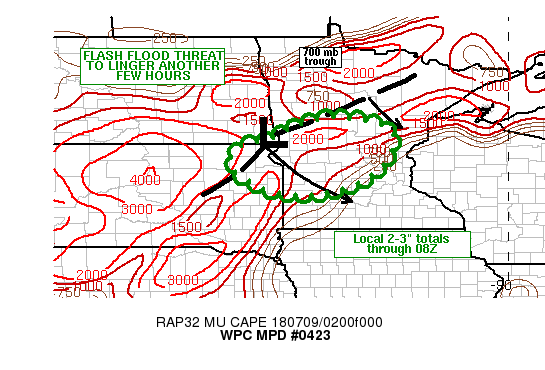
AREAS AFFECTED... NERN SD INTO WRN MN

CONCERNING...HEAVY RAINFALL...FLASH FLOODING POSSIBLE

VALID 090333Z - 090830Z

SUMMARY...A FLASH FLOOD THREAT WILL LINGER OVER NORTHEASTERN SOUTH
DAKOTA INTO CENTRAL MINNESOTA THROUGH ABOUT 08Z. RAINFALL RATES OF
1-2 IN/HR AND LOCALIZED TOTALS NEAR 3 INCHES CAN BE EXPECTED
BEFORE A FORECAST WEAKENING OF AN ONGOING CONVECTIVE COMPLEX.

DISCUSSION...GOES 16 10.3 MICRON IMAGERY OVERLAID WITH LIGHTNING
PLOTS SHOWED A HEALTHY CONVECTIVE COMPLEX OVER THE NORTH-CENTRAL
U.S. WITH TWO MAIN POINTS OF REGENERATION...ONE OVER NORTHEASTERN
SOUTH DAKOTA AND THE OTHER OVER WEST-CENTRAL MINNESOTA. MOSTLY
ELEVATED CONVECTION WAS OCCURRING JUST AHEAD OF A 700 MB TROUGH
AXIS ORIENTED FROM NORTHEASTERN MINNESOTA INTO EASTERN SOUTH
DAKOTA...WITH THE KABR 700 MB VAD WIND PLOT SHOWING VEERING OVER
THE PAST HOUR INDICATING THE TROUGH AXIS HAS JUST PASSED. THE
STORMS WERE BEING FED VIA A SOUTH-SOUTHWESTERLY 30-40 KT 850 MB
JET AXIS OVER EASTERN SOUTH DAKOTA AND MUCAPE OF 1000-2000 J/KG
VIA THE LATEST SPC MESOANALYSIS...AMID A STRONGLY DIFFLUENT FLOW
PATTERN ALOFT.

ALIGNMENT OF THE WESTERLY CLOUD-BEARING LAYER MEAN WIND OF 30-40
KT AND 850-700 MB MEAN WIND OF 30 KT FROM THE WEST HAS ALLOWED FOR
REPEATING/TRAINING OF HEAVY RAIN ECHOES WITH A RECENT REPORT OF
1.36 INCHES IN 20 MINUTES OUT OF DAY COUNTY IN NORTHEASTERN SOUTH
DAKOTA. A GRADUAL WEAKENING OF THE COMPLEX IS EXPECTED OVER THE
NEXT 3-5 HOURS AS INSTABILITY WANES BUT NOT BEFORE CONTINUED
POCKETS OF HEAVY RAIN ACROSS PORTIONS OF EASTERN SOUTH DAKOTA INTO
MINNESOTA...WITH A CONTINUED SOUTHWARD PUSH OVERALL AHEAD OF THE
700 MB TROUGH AXIS.